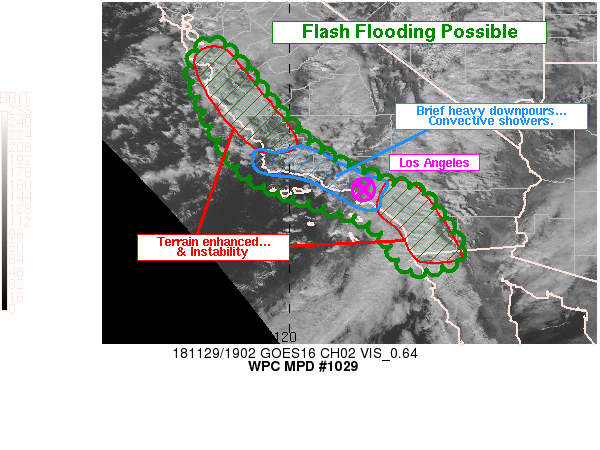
Areas affected...SRN CA

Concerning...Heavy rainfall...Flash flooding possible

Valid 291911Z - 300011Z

Summary...A cold front moving through San Diego and vigorous cold
core low overspreading the remainder of California will maintain
unsettled weather with locally heavy downpours through afternoon.
Flash flooding is possible.

Discussion...Near 19Z, GOES water vapor imagery (both east and
west satellites) and even WSR-88D mosaics showed an upper low that
was impressively wrapped up in the Sacramento Valley, with broad
500-mb height anomalies of 2.0 to 2.5 standard deviations below
climatology. The trailing surface cold front had produced a
strongly-forced narrow precipitation band over the Los Angeles
basin and adjacent mountains to the north and east between 16-19Z,
resulting in a couple of mesonet observations of 1.0 to 1.5 or
greater inches of rain in a short time. The synoptic moist
conveyor associated with the parent weather system will continue
to press through southern California, with onshore flow increasing
during and following frontal passage. Locally heavy rainfall -
enhanced by onshore flow - is possible through about 22Z, judging
largely by the 12Z WRF-ARW forecast which was handling most
aspects of this event fairly well. Additional rainfall of 0.50 to
1.00 inches is expected near San Diego and adjacent mountains,
with potential for flash flooding being more pronounced near burn
scars.

Farther up the coast, the broad cold core aloft and ample surface
heating will maintain a steep lapse rate environment and a showery
/ convective precipitation regime all along the coast from
Monterey to Los Angeles through late afternoon. Strong deep layer
flow will keep individual convective cells moving at 30 to 40
knots. This will limit residence time over any given location, but
with precipitable water remaining above normal at around 0.75
inches and MUCAPE analyzed greater than 500 J/kg most locations -
instantaneous heavy rain rates may lead to flooding or flash
flooding. Total new rainfall amounts will be further enhanced by
terrain influence / onshore flow from roughly Monterey down to
near Santa Barbara, with less onshore enhancement between Santa
Barbara and Los Angeles. The WRF-ARW and recent HRRR runs produce
local 1-inch-plus amounts in the discussion area through 00Z.